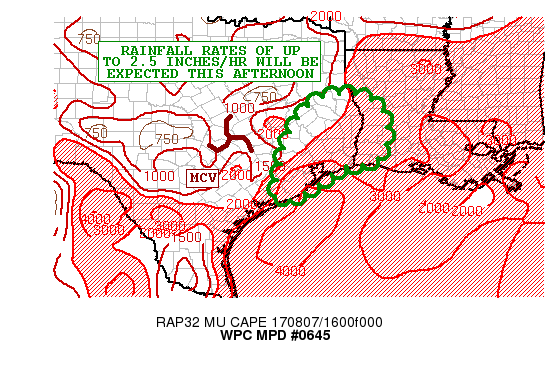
AREAS AFFECTED...SOUTHEAST TX...SOUTHWEST LA

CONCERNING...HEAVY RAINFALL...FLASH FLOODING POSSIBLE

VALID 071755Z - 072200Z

SUMMARY...VERY HEAVY SHOWERS AND THUNDERSTORMS MOVING THROUGH
SOUTHEAST TX AND PARTS OF SOUTHWEST LA WITH INTENSE RAINFALL RATES
OF UP TO 2.5 INCHES/HR. SOME FLASH FLOODING IS POSSIBLE.

DISCUSSION...THE LATEST RADAR IMAGERY SHOWS A BAND OF VERY HEAVY
SHOWERS AND THUNDERSTORMS MOVING ACROSS THE SOUTHEAST TX COASTAL
PLAIN WHICH WILL BE IMPACTING THE HOUSTON METROPOLITAN AREA OVER
THE NEXT COUPLE OF HOURS. THE ACTIVITY IS FOCUSING IN A VERY
MOIST/TROPICAL AIRMASS AND WITHIN A STRONG INSTABILITY GRADIENT
ALONG THE IMMEDIATE MIDDLE/UPPER TX COASTLINE.

OVER THE NEXT FEW HOURS...EXPECT VERY INTENSE RAINFALL RATES WITH
CONVECTION LIKELY BECOMING A BIT FURTHER ORGANIZED OUT AHEAD OF A
WEAK AREA OF LOW PRESSURE AND AN ASSOCIATED MCV OVER SOUTH-CENTRAL
TX. THE CONVECTION WILL LIFT NORTHEAST ACROSS SOUTHEAST TX AND
GRADUALLY GET INTO SOUTHWEST LA. THE RAINFALL RATES MAY REACH 2.5
INCHES/HR GIVEN PWATS OF 2.2 TO 2.4 INCHES WHICH WILL YIELD HIGHLY
EFFICIENT RAINFALL PROCESSES.

THE LATEST SATELLITE AND RADAR TRENDS SUPPORT AS MUCH AS 3 TO 5
INCHES OF RAIN LOCALLY THROUGH 22Z...AND CONSIDERING THE URBANIZED
ENVIRONMENT AND SUCH HEAVY RAINFALL RATES...FLASH FLOODING WILL BE
A CONCERN GOING THROUGH THE AFTERNOON HOURS.